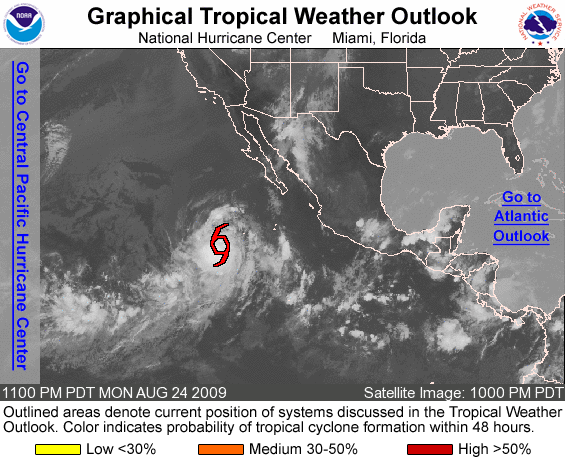
FOR THE EASTERN NORTH PACIFIC...EAST OF 140 DEGREES WEST LONGITUDE..

THE NATIONAL HURRICANE CENTER IS ISSUING ADVISORIES ON TROPICAL STORM IGNACIO...LOCATED ABOUT 655 MILES SOUTHWEST OF THE SOUTHERN TIP OF BAJA CALIFORNIA.

ELSEWHERE...TROPICAL CYCLONE FORMATION IS NOT EXPECTED DURING THE NEXT 48 HOURS.

PUBLIC ADVISORIES ON TROPICAL STORM IGNACIO ARE ISSUED UNDER WMO HEADER WTPZ32 KNHC AND UNDER AWIPS HEADER MIATCPEP2. FORECAST/ ADVISORIES ISSUED UNDER WMO HEADER WTPZ22 KNHC AND UNDER AWIPS HEADER MIATCMEP2.

FORECASTER AVILA